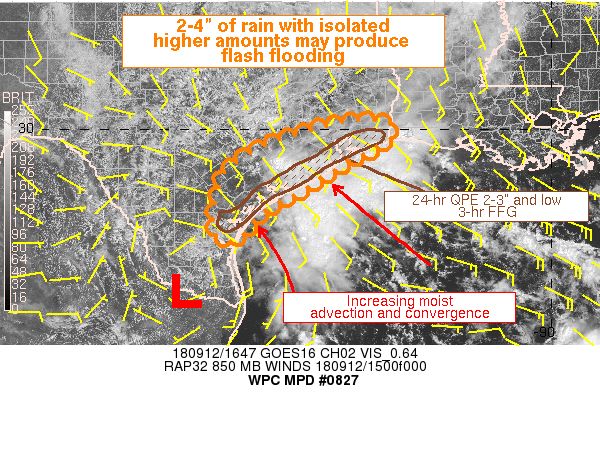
Areas affected...Central and Northern Texas Coast

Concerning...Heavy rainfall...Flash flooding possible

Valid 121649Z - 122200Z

Summary...Showers and thunderstorms will increase across coastal
Texas with periods of very heavy rainfall. 2-4" of rain with
isolated higher amounts may produce flash flooding.

Discussion...Cooling cloud tops noted on GOES-16 IR imagery just
off the coast of Texas are indicative of strengthening convection.
This is developing SE of a stationary front just offshore. At the
same time, clearing noted on GOES-16 visible imagery is coincident
with increasing MLCape of up to 1000 J/kg on latest RAP analysis.
Thunderstorms have started to develop in this more unstable air,
while at the same time intensifying offshore as evidenced by HGX
radar estimated hourly rain rates of up to 2"/hr.

A weak low pressure evident in low-level wind fields will drift
across the lower Rio Grande Valley while mean 0-6km flow will
persist out of the SE at around 10 kts. Backed flow on the east
side of this low pressure will help to enhance confluence and
increase moist advection onshore over the next several hours. This
will drive strong lift atop the stationary boundary which will be
further enhanced by frictional convergence. Additionally, MLCape
is forecast to increase towards 1500 J/kg inland from the coast
suggesting convection will maintain intensity as it lifts onshore.
In an environment with PWATs over 2.2 inches, this suggests very
heavy rainfall potential with rain rates over 2"/hr possible.

Corfidi vectors are at large angles to the mean wind, so
backbuilding of thunderstorms is possible. Redevelopment along
convergence boundaries and outflows is likely in a pulse
environment with 0-6km environmental shear less than 15 kts.
High-res guidance has a clear signal for 2-4" of rainfall, with
locally higher amounts likely along these boundaries. This area
has received significant rainfall in the past 24 hours, so 3-hr
FFG values are low, around 2-2.5 inches, so flash flooding is
possible.